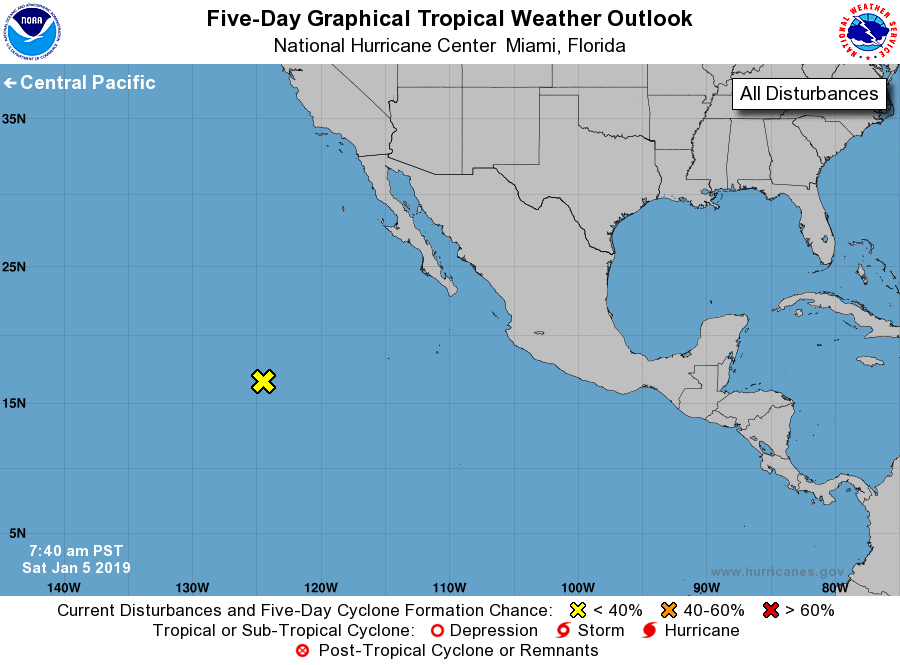
For the eastern North Pacific...east of 140 degrees west longitude:

1. Shower activity associated with a broad low pressure system centered about 1100 miles west-southwest of the southern tip of the Baja California peninsula has become less organized since yesterday. Environmental conditions have become unfavorable and tropical or subtropical cyclone development is not anticipated. Additional information on this system can be found in High Seas Forecasts issued by the National Weather Service. This is the last Special Tropical Weather Outlook that will be issued on this system.
* Formation chance through 48 hours...low...near 0 percent.
* Formation chance through 5 days...low...near 0 percent.

Routine issuance of the Tropical Weather Outlook will resume on May 15, 2019. During the off-season, Special Tropical Weather Outlooks will be issued as conditions warrant.

High Seas Forecasts are issued by the National Weather Service under AWIPS header NFDHSFEPI, WMO header FZPN02 KWBC, and are available on the web at https://ocean.weather.gov/shtml/NFDHSFEPI.shtml.

Forecaster Zelinsky